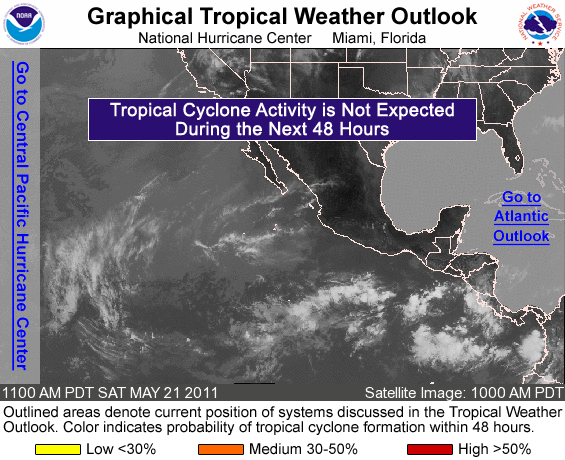
FOR THE EASTERN NORTH PACIFIC...EAST OF 140 DEGREES WEST LONGITUDE..

TROPICAL CYCLONE FORMATION IS NOT EXPECTED DURING THE NEXT 48 HOURS.

FORECASTER STEWART